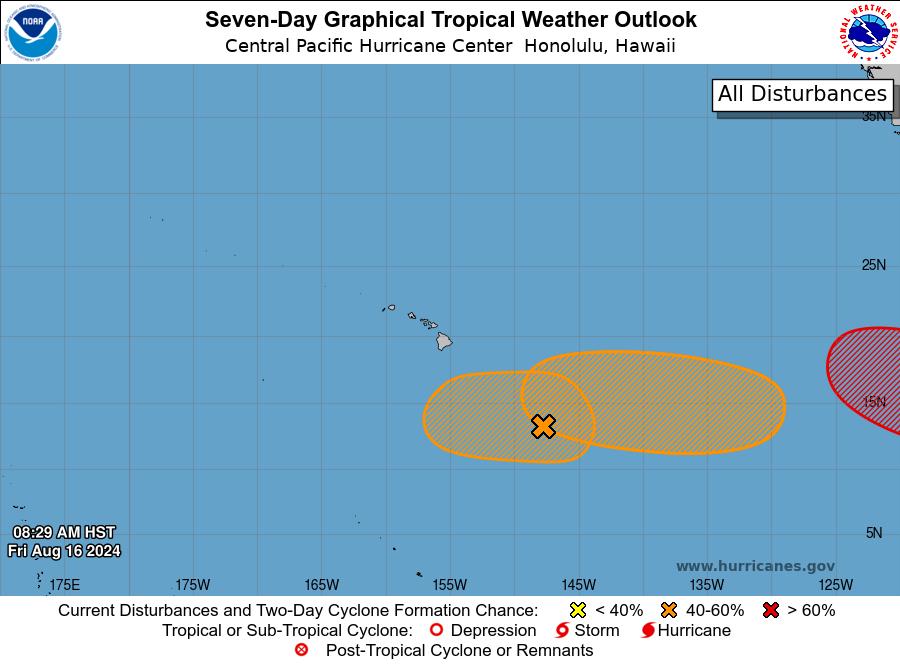
For the central North Pacific...between 140W and 180W:

1. Approximately 700 miles southeast of Hilo, Hawaii: Disorganized showers and thunderstorms are associated with a broad area of low pressure. Environmental conditions appear marginally conducive for some development of this system this weekend or early next week while moving westward at about 10 mph.
* Formation chance through 48 hours...low...10 percent.
* Formation chance through 7 days...medium...40 percent. 2.
* Formation chance through 48 hours...low...near 0 percent.
* Formation chance through 7 days...medium...50 percent.

Elsewhere, no tropical cyclones are expected during the next 7 days.

Forecaster Foster